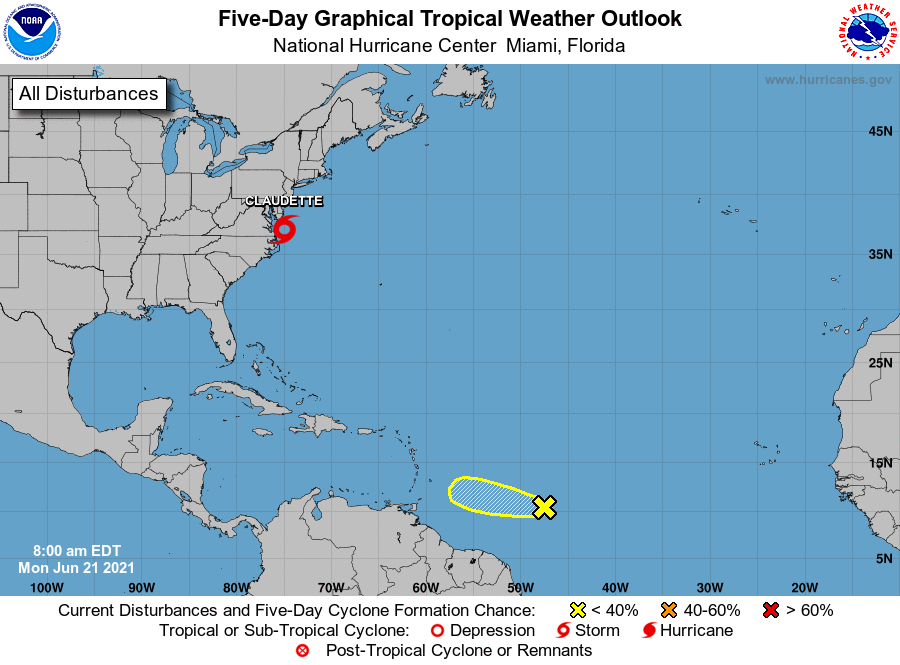
For the North Atlantic...Caribbean Sea and the Gulf of Mexico:

The National Hurricane Center is issuing advisories on recently upgraded Tropical Storm Claudette, located inland over northeastern North Carolina.

1. A well-defined tropical wave located about 900 miles east-southeast of the Windward Islands is producing disorganized showers and thunderstorms. Some development of this disturbance will be possible during the next couple of days before upper-level winds become less conducive for further organization by Thursday. The system is expected to move westward to west-northwestward at around 15 mph.
* Formation chance through 48 hours...low...20 percent.
* Formation chance through 5 days...low...20 percent.

Forecaster Stewart